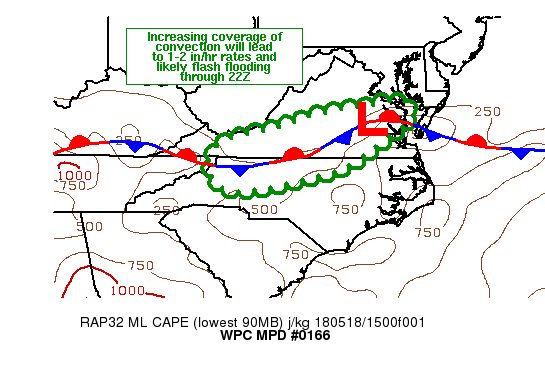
AREAS AFFECTED...WRN VA/NC BORDER INTO CNTRL VAH

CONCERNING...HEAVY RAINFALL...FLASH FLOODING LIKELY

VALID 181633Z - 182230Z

SUMMARY...THUNDERSTORM COVERAGE WILL INCREASE OVER THE NEXT FEW
HOURS...POSING A FLASH FLOOD THREAT FROM WESTERN NORTH
CAROLINA/VIRGINIA TO THE CHESAPEAKE BAY. PERIODS OF TRAINING AND
REPEATING CONVECTION ARE EXPECTED TO PRODUCE 2-4+ INCHES THROUGH
22Z.

DISCUSSION...THINNER CLOUD COVER OVER PORTIONS OF SOUTHEAST
VIRGINIA INTO NORTH CAROLINA...LOCATED SOUTH OF A STATIONARY
FRONT...HAS ALLOWED FOR MODEST WARMING AND INCREASING
CAPE...RELATIVE TO LOCATIONS NORTH OF THE FRONT. AT 16Z...REGIONAL
RADAR IMAGERY SHOWED THE GREATEST COVERAGE OF CONVECTION NEAR THE
FOOTHILLS OF THE APPALACHIANS OVER WESTERN VIRGINIA/NORTH CAROLINA
WHERE AN UPSLOPE COMPONENT WAS NOTED TO THE 850 MB FLOW. KFCX
RAINFALL ESTIMATES WERE ABOUT 0.5 TO 1.0 IN/HR...NEAR SOME OF THE
VERY LOW FLASH FLOOD GUIDANCE VALUES IN THE AREA. THE SPC
MESOANALYSIS PAGE INDICATED MLCAPE WAS WEAK AS OF 15Z...BETWEEN
250 AND 750 J/KG...BUT 12Z AREA RAOBS SHOWED PRECIPITABLE WATER
VALUES NEAR THE 95TH PERCENTILE AND FLOW WAS UNIDIRECTIONAL FROM
THE SOUTH ABOVE THE BOUNDARY LAYER.

AS CONTINUED HEATING OCCURS...WEAK INCREASES IN CAPE ARE EXPECTED
TO COMBINE WITH FORCING FROM SEVERAL WEAK MESOSCALE VORTICITY
MAXIMA IN THE WARM SECTOR MOVING NORTHWARD TO INCREASE COVERAGE OF
CONVECTION TOWARD THE EAST IN THE VICINITY OF THE STATIONARY FRONT
WHICH WILL ACT AS A SOURCE OF LOW LEVEL CONVERGENCE. ALOFT...FLOW
IS BROADLY DIFFLUENT WHICH WILL HELP TO SUPPORT EVACUATION ALOFT
AND VERTICAL MOTIONS. LOW LEVEL UPSLOPE FLOW TO THE WEST AND
UNIDIRECTIONAL FLOW TO THE EAST SHOULD HELP TO SUPPORT PERIODS OF
TRAINING AND REPEATING CONVECTION INTO THE LATE AFTERNOON. GIVEN
ONLY SMALL INCREASES TO CAPE ARE EXPECTED GIVEN CLOUD COVER AND NO
CHANGES TO MID-LEVEL TEMPERATURES...RAIN RATES ARE EXPECTED TO
PEAK MOSTLY IN THE 1-2 IN/HR RANGE...WITH 6 HOUR TOTALS IN THE 2-4
INCH RANGE...WITH LOCALLY HIGHER TOTALS. GIVEN AREA-WIDE LOW FLASH
FLOOD GUIDANCE...FLOODING AND FLASH FLOODING ARE CONSIDERED LIKELY.